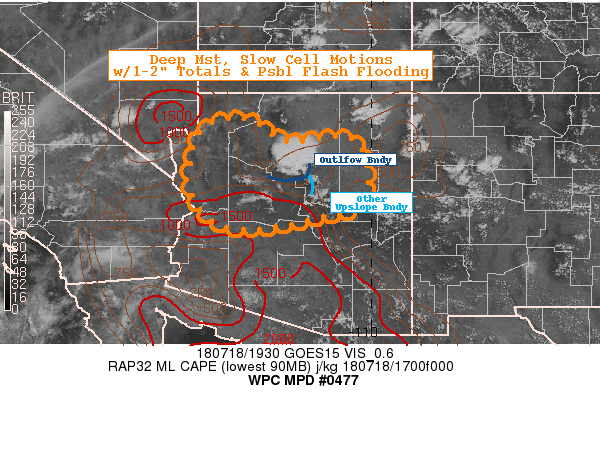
AREAS AFFECTED...NORTHERN ARIZONA...

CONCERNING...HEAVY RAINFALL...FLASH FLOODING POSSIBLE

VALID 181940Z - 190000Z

SUMMARY...ABOVE NORMAL MOISTURE AND SLOW CELL MOTIONS WITH TOTALS
OF 1.5-2" POSSIBLE POSE FLASH FLOODING RISK THROUGH THIS EVENING.

DISCUSSION...FSX AND GOES-16 MESO WINDOW IMAGERY CURRENTLY SHOW A
STRONG CONVECTIVE COMPLEX OVER THE SAN FRANCISCO PEAKS.  THESE
CELLS HAVE BEEN FED BY WEAK UPSLOPE INFLOW FROM THE SOUTH AND
SOUTHWEST IN THE LOW LEVELS BUT WITH MODERATE UPSTREAM SHORTWAVE
ENERGY ASSOCIATED WITH A 5H 15-20 SPEED MAX PROVIDES SOME
OROGRAPHIC ASCENT AND BACKBUILDING/UPSTREAM PROPAGATION VECTORS IN
THE SHORT-TERM.  THIS HAS RESULTED IN RECENT RAINFALL TOTALS OF
1.75-2" IN THE RANGE CLEARLY CAPABLE OF FLOODING CONCERNS.

THE CONVECTIVE COMPLEX HAS RECENTLY ALSO SPAWNED AN OUTFLOW
BOUNDARY THAT WILL FURTHER SUPPORT NEW CONVECTIVE DEVELOPMENT
ALONG ITS LEADING EDGES.  CIRA LPW SHOWS A STRIPE OF MID TO UPPER
LEVEL MOISTURE ACROSS THE PLATEAU WITH A SMALL DRY SLOT CROSSING
SE AZ AT THIS TIME...SO CELLS THAT DO DEVELOP ALONG THIS OUTFLOW
OR WITHIN CONVERGENT LOW LEVEL FLOW ALONG THE MOGOLLON RIM WILL
HAVE ABOVE NORMAL MOISTURE THROUGH A DEEP LAYER TO REDUCE SOME
EVAPORATIVE LOSS AND STRONG RATES QUICKLY TO LEAD TO ADDITIONAL
FLASH FLOODING.  GIVEN RECENT DAYS OF RAINFALL...GROUNDS ARE
FAIRLY SATURATED FOR THE DESERT ENVIRONMENT TO FURTHER AID
FLOODING CONCERNS.

RAPID REFRESH GUIDANCE (RAP/HRRR) SUGGEST STRENGTHENING LOW LEVEL
INFLOW FROM THE VALLEY THROUGH THE AFTERNOON INTO EVENING
HOURS...SUPPORTING INCREASED PROPAGATION TOWARD DEEPER
MOISTURE/INSTABILITY OVER YAVAPAI AND TOWARD THE COLORADO RIVER
VALLEY IN MOJAVE AND WESTERN COCONINO COUNTY AS WELL.  WITH RATES
OF 1-1.5"/HR POSSIBLE GIVEN THE DEEPER MOISTURE FLASH FLOODING IS
POSSIBLE THROUGH 00Z IN THESE AREAS AS WELL...THOUGH STRONGER CAP
INTO THE LOWER COLORADO RIVER VALLEY WILL LIKELY LIMIT FURTHER
SOUTHWESTWARD EXPANSION.